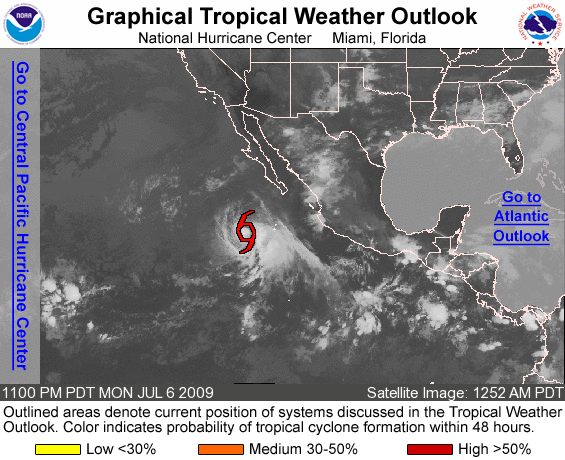
FOR THE EASTERN NORTH PACIFIC...EAST OF 140 DEGREES WEST LONGITUDE..

THE NATIONAL HURRICANE CENTER IS ISSUING ADVISORIES ON TROPICAL STORM BLANCA LOCATED ABOUT 410 MILES SOUTHWEST OF THE SOUTHERN TIP OF BAJA CALIFORNIA.

ELSEWHERE...TROPICAL CYCLONE FORMATION IS NOT EXPECTED DURING THE NEXT 48 HOURS.

PUBLIC ADVISORIES ON BLANCA ARE ISSUED UNDER WMO HEADER WTPZ33 KNHC AND UNDER AWIPS HEADER MIATCPEP3. FORECAST/ADVISORIES ON BLANCA ARE ISSUED UNDER WMO HEADER WTPZ23 KNHC AND UNDER AWIPS HEADER MIATCMEP3.

FORECASTER BRENNAN